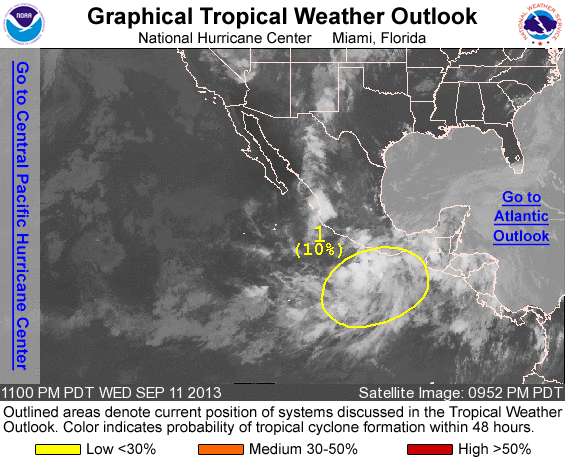
FOR THE EASTERN NORTH PACIFIC...EAST OF 140 DEGREES WEST LONGITUDE..

1. A BROAD AREA OF LOW PRESSURE LOCATED JUST SOUTH AND SOUTHWEST OF THE GULF OF TEHUANTEPEC IS PRODUCING A LARGE AREA OF DISORGANIZED SHOWERS AND THUNDERSTORMS. STRONG UPPER-LEVEL WINDS AND CLOSE PROXIMITY TO LAND ARE EXPECTED TO INHIBIT SIGNIFICANT DEVELOPMENT DURING THE NEXT FEW DAYS WHILE THIS DISTURBANCE DRIFTS NORTHWARD TOWARD THE COAST OF SOUTHERN MEXICO. THIS SYSTEM HAS A LOW CHANCE...10 PERCENT...OF BECOMING A TROPICAL CYCLONE DURING THE NEXT 48 HOURS...AND A LOW CHANCE...20 PERCENT...OF BECOMING A TROPICAL CYCLONE DURING THE NEXT 5 DAYS. REGARDLESS OF DEVELOPMENT...THIS SYSTEM...IN COMBINATION WITH ANOTHER DISTURBANCE IN THE BAY OF CAMPECHE...COULD BRING HEAVY RAINS TO PORTIONS OF EASTERN MEXICO FOR THE NEXT SEVERAL DAYS. THESE RAINS COULD CAUSE LIFE-THREATENING FLASH FLOODS AND MUD SLIDES.

FIVE-DAY FORMATION PROBABILITIES ARE EXPERIMENTAL IN 2013. COMMENTS ON THE EXPERIMENTAL FORECASTS CAN BE PROVIDED AT...

HTTP://WWW.NWS.NOAA.GOV/SURVEY/NWS-SURVEY.PHP?CODE=ETWO

FORECASTER BEVEN